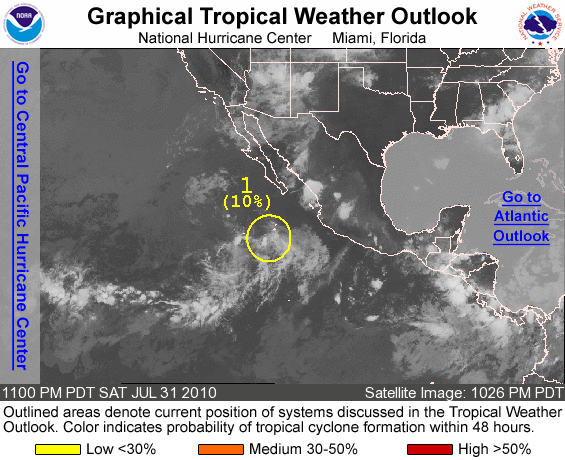
FOR THE EASTERN NORTH PACIFIC...EAST OF 140 DEGREES WEST LONGITUDE..

1. AN AREA OF DISTURBED WEATHER IS LOCATED ABOUT 450 MILES SOUTHWEST OF THE SOUTHERN TIP OF BAJA CALIFORNIA. SOME SLOW DEVELOPMENT OF THIS DISTURBANCE IS POSSIBLE BEFORE IT MOVES WESTWARD OVER COOLER WATERS IN A COUPLE OF DAYS. THERE IS A LOW CHANCE...10 PERCENT...OF THIS SYSTEM BECOMING A TROPICAL CYCLONE DURING THE NEXT 48 HOURS.

ELSEWHERE...TROPICAL CYCLONE FORMATION IS NOT EXPECTED DURING THE NEXT 48 HOURS.

FORECASTER PASCH